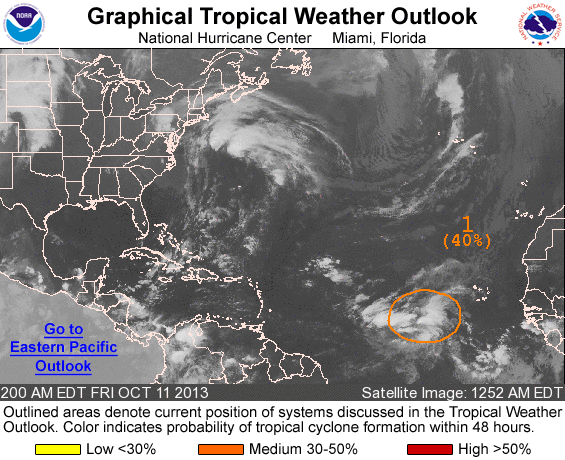
FOR THE NORTH ATLANTIC...CARIBBEAN SEA AND THE GULF OF MEXICO...

1. A BROAD AREA OF LOW PRESSURE IS LOCATED SEVERAL HUNDRED MILES WEST- SOUTHWEST OF THE CAPE VERDE ISLANDS. THE ASSOCIATED SHOWER AND THUNDERSTORM ACTIVITY HAS CHANGED LITTLE IN ORGANIZATION DURING THE PAST FEW HOURS...AND UPPER-LEVEL WINDS ARE BECOMING LESS CONDUCIVE FOR TROPICAL CYCLONE FORMATION. HOWEVER...SOME DEVELOPMENT OF THIS SYSTEM IS STILL POSSIBLE DURING THE NEXT DAY OR SO...BEFORE UPPER- LEVEL WINDS BECOME EVEN LESS CONDUCIVE THIS WEEKEND. THIS SYSTEM HAS A MEDIUM CHANCE...40 PERCENT OF BECOMING A TROPICAL CYCLONE DURING THE NEXT 48 HOURS... AND A MEDIUM CHANCE...40 PERCENT...OF BECOMING A TROPICAL CYCLONE DURING THE NEXT 5 DAYS WHILE IT MOVES WESTWARD TO WEST-NORTHWESTWARD AT AROUND 10 MPH.

FIVE-DAY FORMATION PROBABILITIES ARE EXPERIMENTAL IN 2013. COMMENTS ON THE EXPERIMENTAL FORECASTS CAN BE PROVIDED AT...

HTTP://WWW.NWS.NOAA.GOV/SURVEY/NWS-SURVEY.PHP?CODE=ETWO

FORECASTER BRENNAN